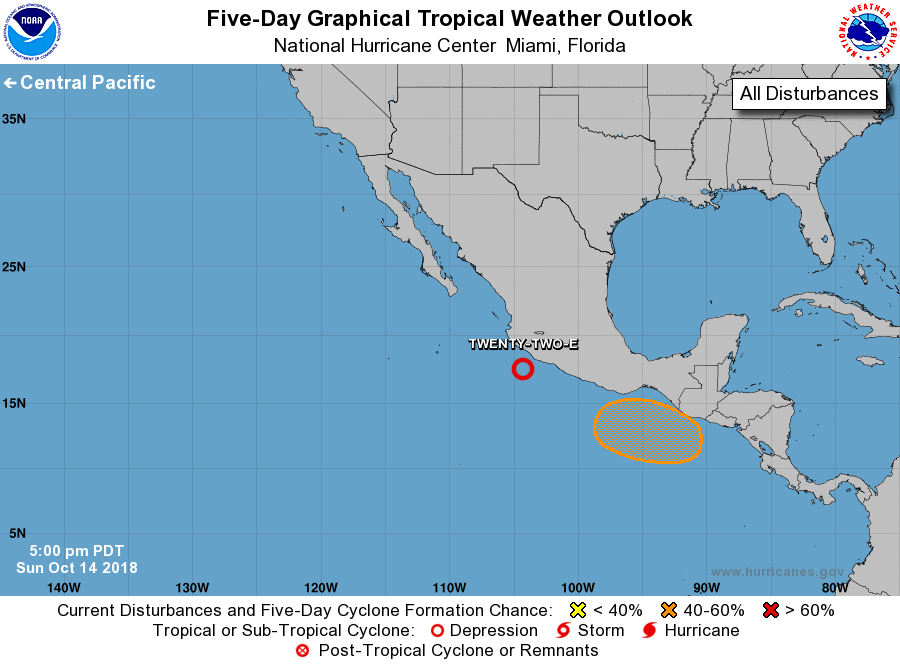
For the eastern North Pacific...east of 140 degrees west longitude:

The National Hurricane Center is issuing advisories on Tropical Depression Twenty-Two-E, located just off the coast of the southwestern Mexico.

1. An area of low pressure is forecast to develop a couple of hundred miles south of Guatemala and the southeastern coast of Mexico in a few days. Environmental conditions are expected to be conducive for the development of tropical depression by the end of the week while the system moves west-northwestward, parallel to the coast of Mexico.
* Formation chance through 48 hours...low...near 0 percent.
* Formation chance through 5 days...medium...60 percent.

Public Advisories on Tropical Depression Twenty-Two-E are issued under WMO header WTPZ32 KNHC and under AWIPS header MIATCPEP2. Forecast/Advisories on Tropical Depression Twenty-Two-E are issued under WMO header WTPZ22 KNHC and under AWIPS header MIATCMEP2.

Forecaster Cangialosi